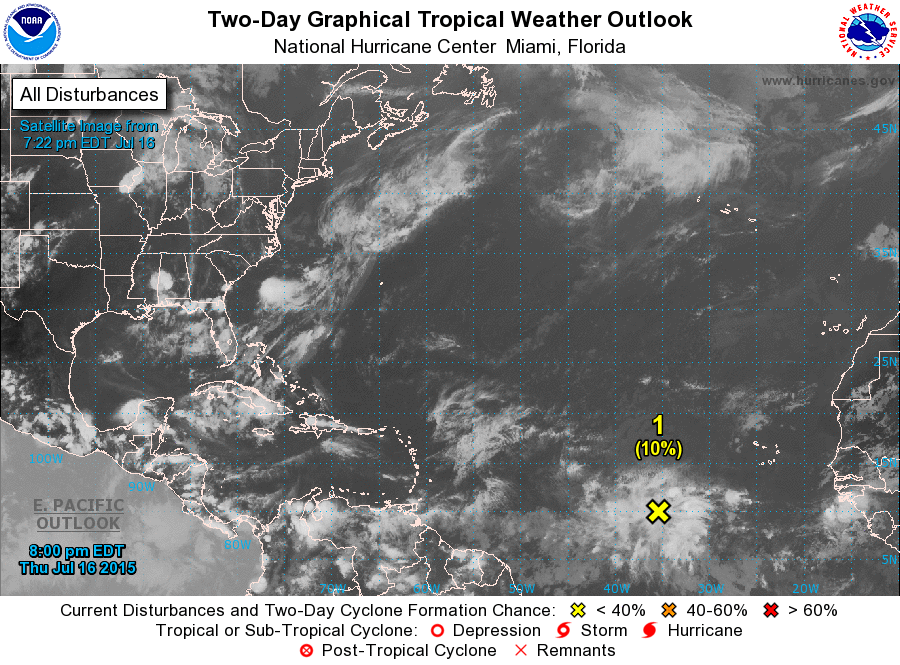
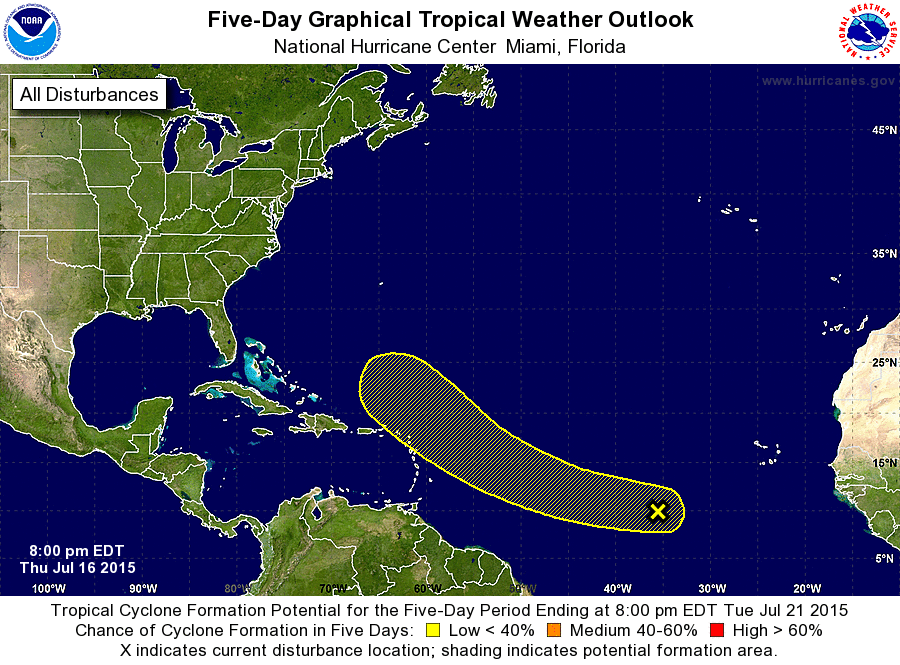
For the North Atlantic...Caribbean Sea and the Gulf of Mexico:

1. A westward-moving tropical wave located more than 1000 miles west-southwest of the Cape Verde Islands is producing a large area of cloudiness and showers. Environmental conditions are expected to be marginally conducive for some slow development of this disturbance through the weekend, with upper-level winds becoming less favorable early next week.
* Formation chance through 48 hours...low...10 percent
* Formation chance through 5 days...low...20 percent

Forecaster Stewart